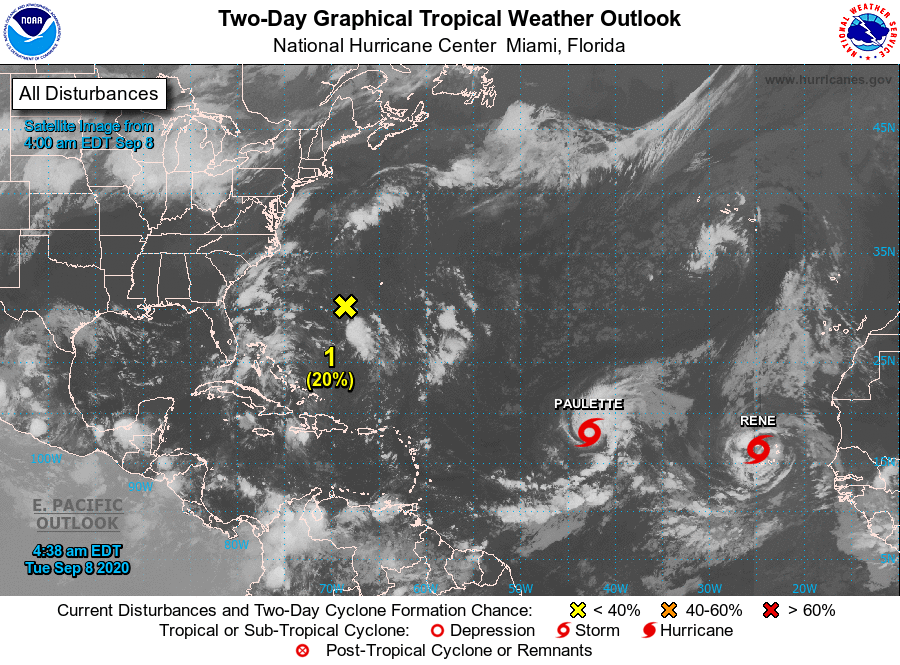
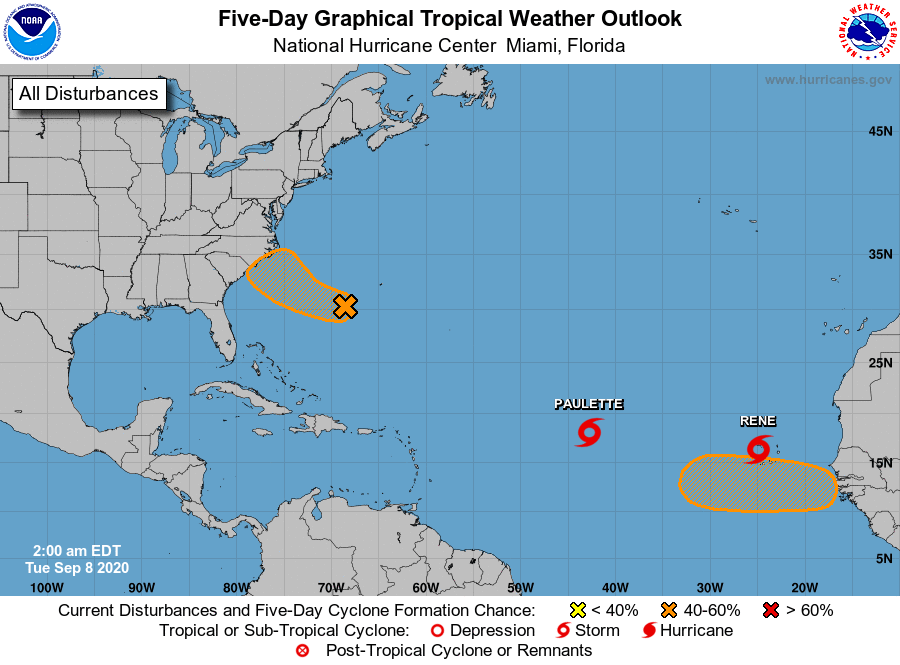
For the North Atlantic...Caribbean Sea and the Gulf of Mexico:

The National Hurricane Center is issuing advisories on Tropical Storm Paulette, located over the central tropical Atlantic, and on Tropical Storm Rene, located over the central Cabo Verde Islands.

1. An area of low pressure located about 250 miles west-southwest of Bermuda is producing disorganized showers and thunderstorms. Some gradual development of this system is possible during the next few days while the low moves slowly westward to west-northwestward.
* Formation chance through 48 hours...low...20 percent.
* Formation chance through 5 days...medium...40 percent.

2. A tropical wave is forecast to emerge off the west coast of Africa late Wednesday or Thursday. Gradual development is anticipated once the system moves over water, and a tropical depression could form late this week or over the weekend while the system moves generally westward across the eastern tropical Atlantic.
* Formation chance through 48 hours...low...near 0 percent.
* Formation chance through 5 days...medium...60 percent.

Public Advisories on Tropical Storm Paulette are issued under WMO header WTNT32 KNHC and under AWIPS header MIATCPAT2. Forecast/Advisories on Tropical Storm Paulette are issued under WMO header WTNT22 KNHC and under AWIPS header MIATCMAT2.

Public Advisories on Tropical Storm Rene are issued under WMO header WTNT33 KNHC and under AWIPS header MIATCPAT3. Forecast/Advisories on Tropical Storm Rene are issued under WMO header WTNT23 KNHC and under AWIPS header MIATCMAT3.

Forecaster Beven